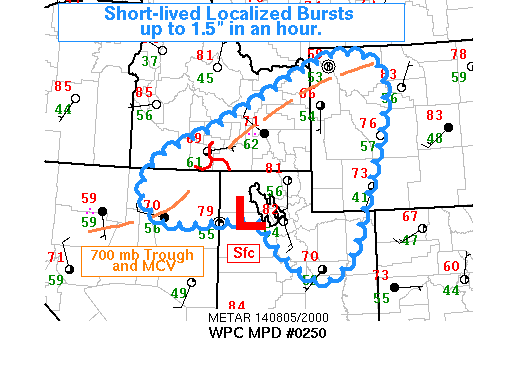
AREAS AFFECTED...SRN ID...NRN UT...WRN WY

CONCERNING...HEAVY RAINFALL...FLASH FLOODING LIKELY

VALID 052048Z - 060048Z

SUMMARY...THUNDERSTORMS WITHIN A VERY ANOMALOUS MOIST AIRMASS WILL
PRODUCE LOCAL INTENSE DOWNPOURS. LACK OF SUSTAINED INFLOW WILL
LIMIT THE BREADTH OF THESE STORMS AND THEIR DURATION OVER ANY
GIVEN POINT...BUT VERY SMALL SCALE ACCUMULATIONS OF 1 TO 1.5
INCHES IN AN HOUR ARE POSSIBLE...AND WOULD LIKELY LEAD TO FLASH
FLOODING.

DISCUSSION...AT 2030Z A CONVECTIVE HEAVY RAIN EVENT WAS MID
STREAM...WITH REPORTS OF WATER BEGINNING TO AFFECT SOME ROADS IN
IDAHO...AND RADAR/SATELLITE DEPICTING THE GROWTH OF
ORGANIZED...SHEARED LOOKING CONVECTION IN WESTERN WYOMING. THIS
FAR INTO THE CONTINENTAL INTERIOR THE 1.2 INCH PRECIPITABLE WATER
VALUES IN PLACE WERE AT LEAST 3.5 STANDARD DEVIATIONS FROM
CLIMATOLOGY...AND WERE SUPPORTING RAIN RATES OF AT LEAST 1 TO 1.5
INCHES IN AN HOUR. EARLY IN THE EVENT SOME TRAINING OCCURRED AT
CLOSE PROXIMITY TO KSFX...WHERE THE DUAL POL ESTIMATES OF 1.5 TO
NEAR 2 INCHES OR MORE OF RAIN APPEAR BELIEVABLE.

DESPITE WEAK STEERING FLOW...STORMS HAD SHOWN SOME ORGANIZATION
BEYOND THAT OF ORDINARY CELLS...POSSIBLY OWING TO ENHANCED CLOUD
LAYER FLOW AROUND A SMALL MCV IN SRN ID. THE NAM WAS FORECASTING
THIS FEATURE TO STALL ITS NORTHWARD PROGRESS AND COME BACK SE
TOWARD NRN UT THIS EVENING. AS THIS OCCURS...THE BETTER INFLOW
CAPABLE OF YIELDING BRIEF TRAINING EPISODES WILL SPREAD INTO FAR
NE NV AND NRN UT. BY 01Z...HOWEVER...SIMULATED REFLECTIVITY OUTPUT
FROM THE HRRR AND NAM CONEST SUGGEST CELLS WILL BE LOSING
INTENSITY OWING TO WIDESPREAD OVERTURNING AND GENERALLY WEAK UPPER
LEVEL SUPPORT.